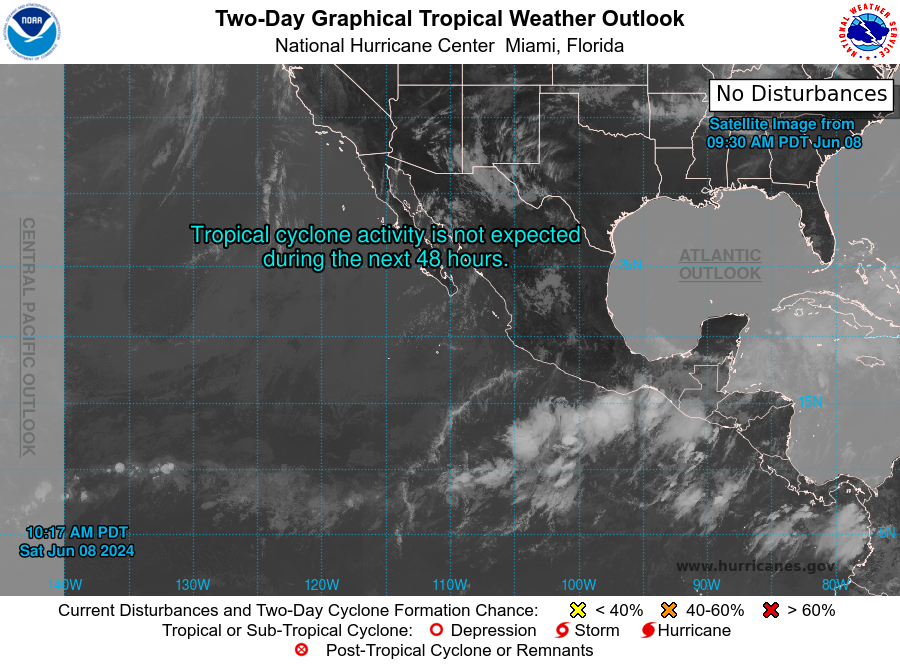
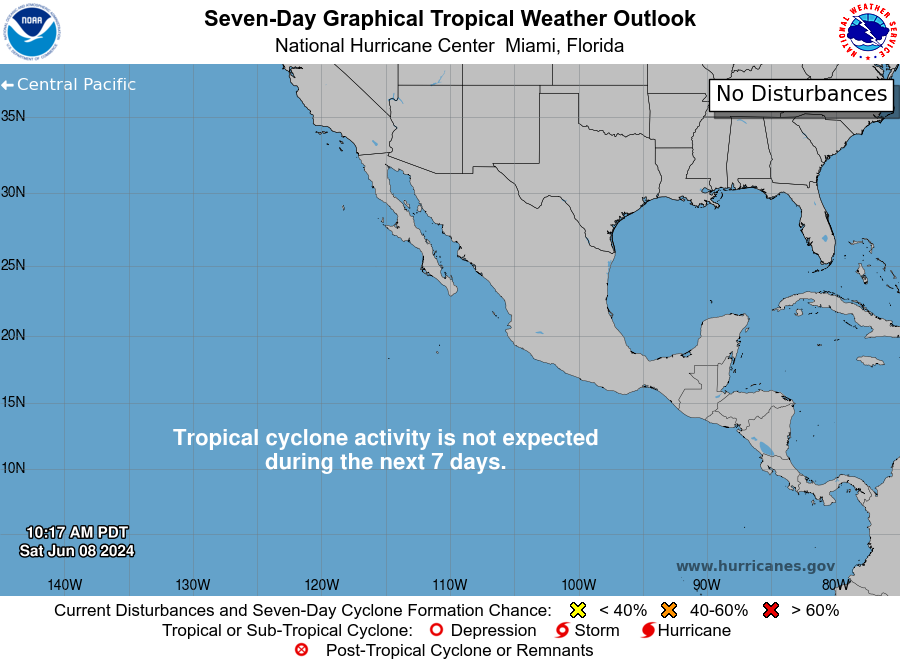
For the eastern North Pacific...east of 140 degrees west longitude:

Tropical cyclone formation is not expected during the next 7 days.

Forecaster Cangialosi